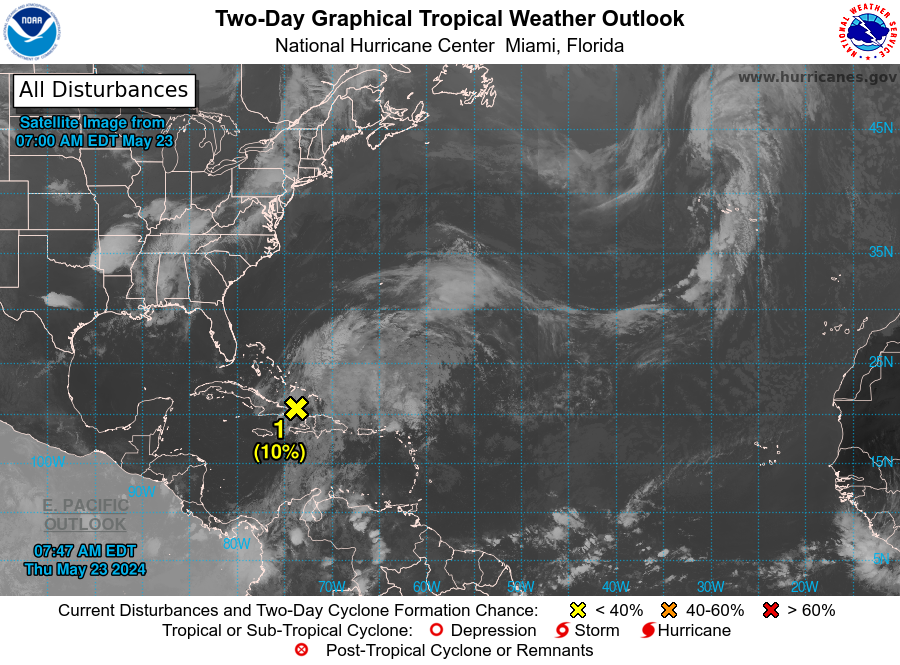
For the North Atlantic...Caribbean Sea and the Gulf of Mexico:

1. Southwestern Atlantic: A large area of cloudiness and showers over the southwestern Atlantic is associated with a surface trough. An area of low pressure is expected to form within this system a few hundred miles north of Hispaniola in the next day or so. Environmental conditions are not expected to be conducive, however, some slight tropical or subtropical development is possible while the low moves northeastward through the weekend.
* Formation chance through 48 hours...low...10 percent.
* Formation chance through 7 days...low...10 percent.

Forecaster Bucci/Pasch